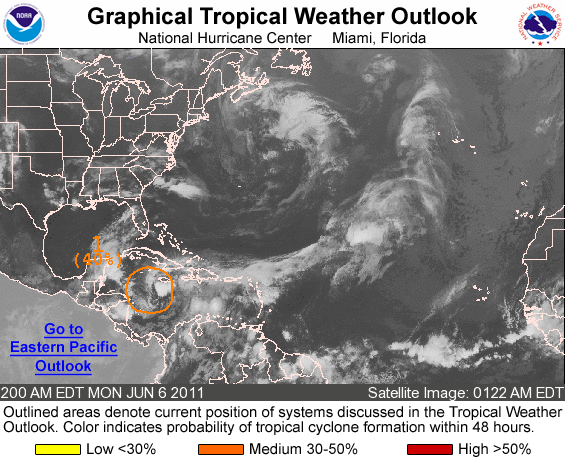
FOR THE NORTH ATLANTIC...CARIBBEAN SEA AND THE GULF OF MEXICO...

1. A LARGE BUT DISORGANIZED AREA OF DISTURBED WEATHER ASSOCIATED WITH A BROAD AREA OF LOW PRESSURE CONTINUES OVER A LARGE PORTION OF THE CENTRAL AND WESTERN CARIBBEAN SEA. THE AREA OF LOWEST PRESSURE IS LOCATED ABOUT 175 MILES SOUTH OF GRAND CAYMAN AND REMAINS SEPARATED FROM THE STRONGEST THUNDERSTORM ACTIVITY. HOWEVER...SOME DEVELOPMENT OF THIS SYSTEM IS POSSIBLE DURING THE NEXT DAY OR SO BEFORE UPPER-LEVEL WINDS BECOME UNFAVORABLE. THERE IS A MEDIUM CHANCE...40 PERCENT...OF THIS SYSTEM BECOMING A TROPICAL CYCLONE DURING THE NEXT 48 HOURS. AN AIR FORCE RESERVE HURRICANE HUNTER AIRCRAFT IS SCHEDULED TO INVESTIGATE THE SYSTEM LATER TODAY...IF NECESSARY. REGARDLESS OF DEVELOPMENT... HEAVY RAINS COULD CAUSE FLASH FLOODS AND MUD SLIDES OVER PORTIONS OF HAITI AND JAMAICA AS THE SYSTEM MOVES SLOWLY TOWARD THE NORTHWEST OR NORTH OVER THE NEXT COUPLE OF DAYS.

ELSEWHERE...TROPICAL CYCLONE FORMATION IS NOT EXPECTED DURING THE NEXT 48 HOURS.

FORECASTER AVILA